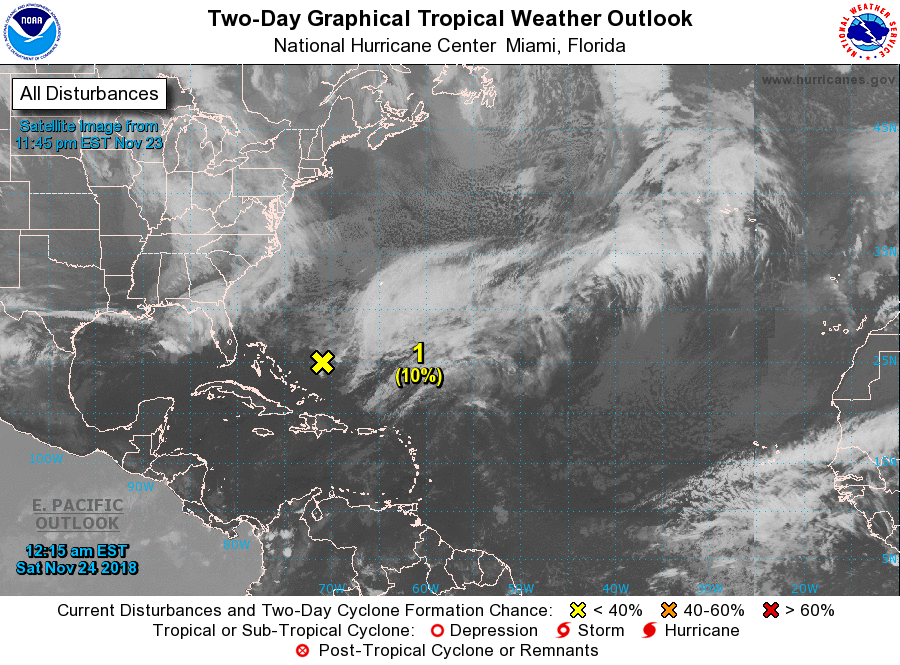
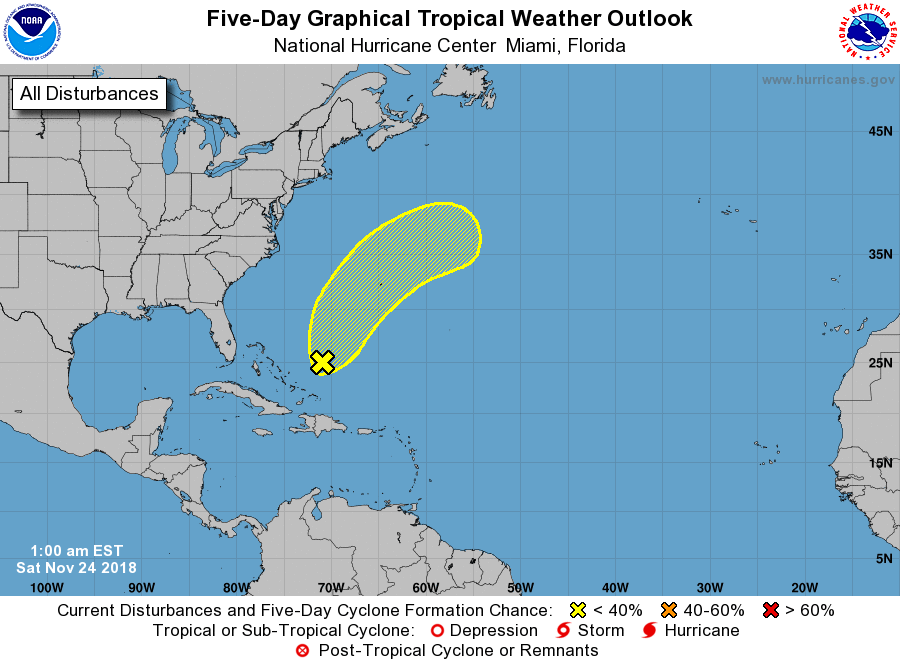
For the North Atlantic...Caribbean Sea and the Gulf of Mexico:

1. A non-tropical low pressure system that has developed about 200 miles north of the Turks and Caicos is moving north-northwestward at 10 to 15 mph. The low is expected to move northward Saturday morning and turn northeastward Saturday afternoon, followed by a rapid motion toward the east-northeast across the western and central Atlantic on Sunday. Conditions are expected to be only marginally conducive for this low to acquire subtropical characteristics during the next few days before merging with a frontal system by early next week. Regardless of subtropical development, winds to gale force are expected over portions of the western Atlantic, mainly to the north of the low, during the next couple of days, and then spread over the central Atlantic by early next week. Additional information can be found in High Seas Forecasts issued by the National Weather Service.
* Formation chance through 48 hours...low...10 percent.
* Formation chance through 5 days...low...20 percent.

High Seas Forecasts issued by the National Weather Service are issued under AWIPS header NFDHSFAT1, WMO header FZNT01 KWBC, and are available on the Web at https://ocean.weather.gov/shtml/NFDHSFAT1.shtml.

Forecaster Stewart